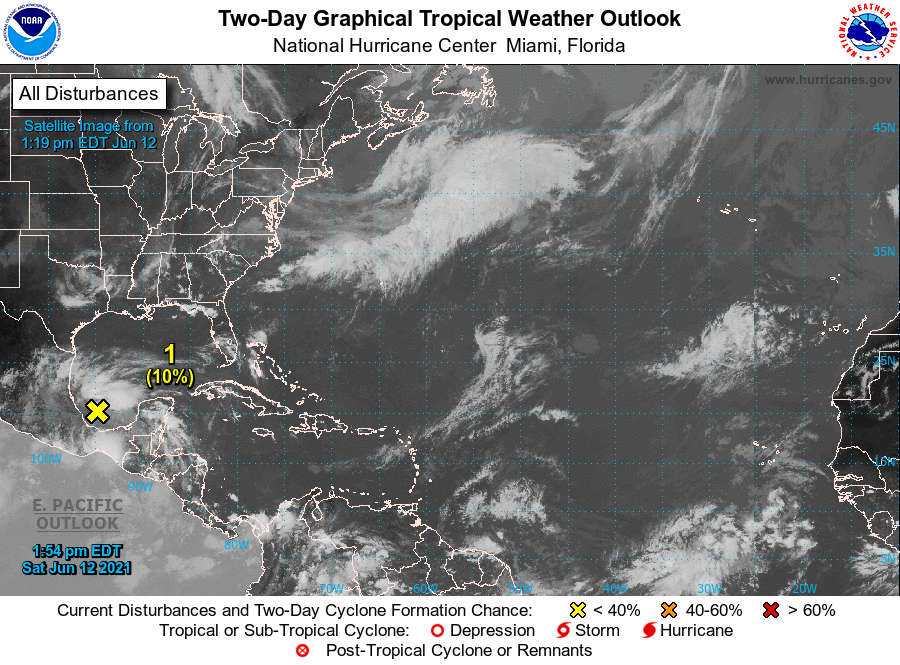
For the North Atlantic...Caribbean Sea and the Gulf of Mexico:

1. An area of cloudiness and showers over the Bay of Campeche and the adjacent land areas is associated with a trough of low pressure. Slow development of this system is possible over the next several days as it moves slowly and erratically, and a tropical depression could form in this area by the middle of next week. Regardless of development, due to the slow motion heavy rainfall is possible over portions of Central America and southern Mexico. Please consult products from your local meteorological service for more information.
* Formation chance through 48 hours...low...10 percent.
* Formation chance through 5 days...medium...40 percent.

Forecaster Beven/Latto